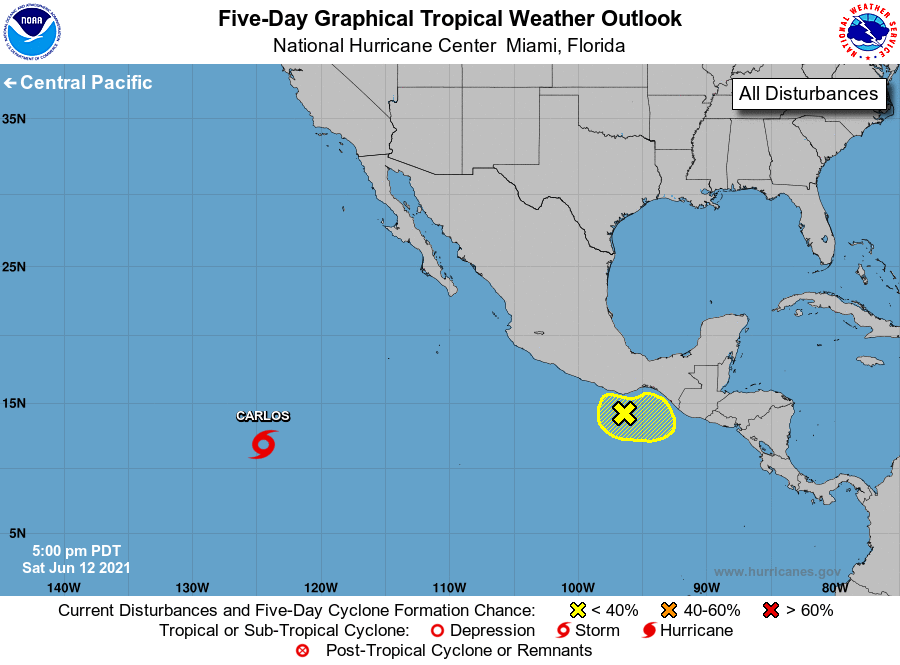
For the eastern North Pacific...east of 140 degrees west longitude:

The National Hurricane Center has initiated advisories on newly formed Tropical Depression Three-E, located more than 1000 miles southwest of the southern tip of the Baja California peninsula.

1. Showers and thunderstorms remain poorly organized in association with a weak area of low pressure located about a hundred miles south-southwest of Puerto Angel, Mexico. Environmental conditions appear only marginally conducive for additional development over the next day or so. By early next week, the system is forecast to interact with land and a larger disturbance developing to its north, and further development is not anticipated. Regardless of development, heavy rainfall will be possible over portions of Central America and southern Mexico through early next week. See products from your local meteorological service for more information.
* Formation chance through 48 hours...low...30 percent.
* Formation chance through 5 days...low...30 percent.

Public Advisories on Tropical Depression Three-E are issued under WMO header WTPZ33 KNHC and under AWIPS header MIATCPEP3. Forecast/Advisories on Tropical Depression Three-E are issued under WMO header WTPZ23 KNHC and under AWIPS header MIATCMEP3.

Forecaster Papin/Pasch